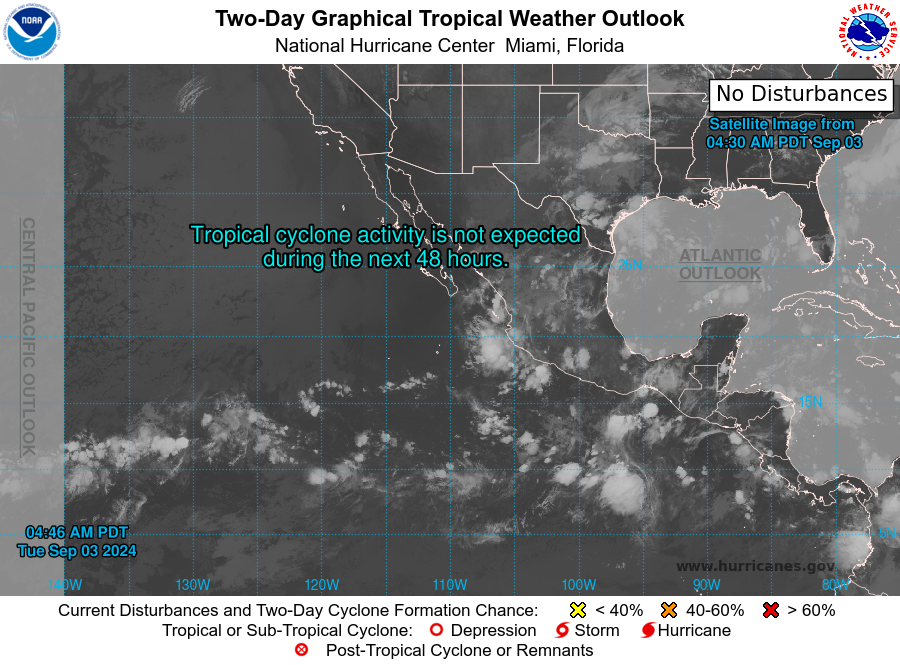
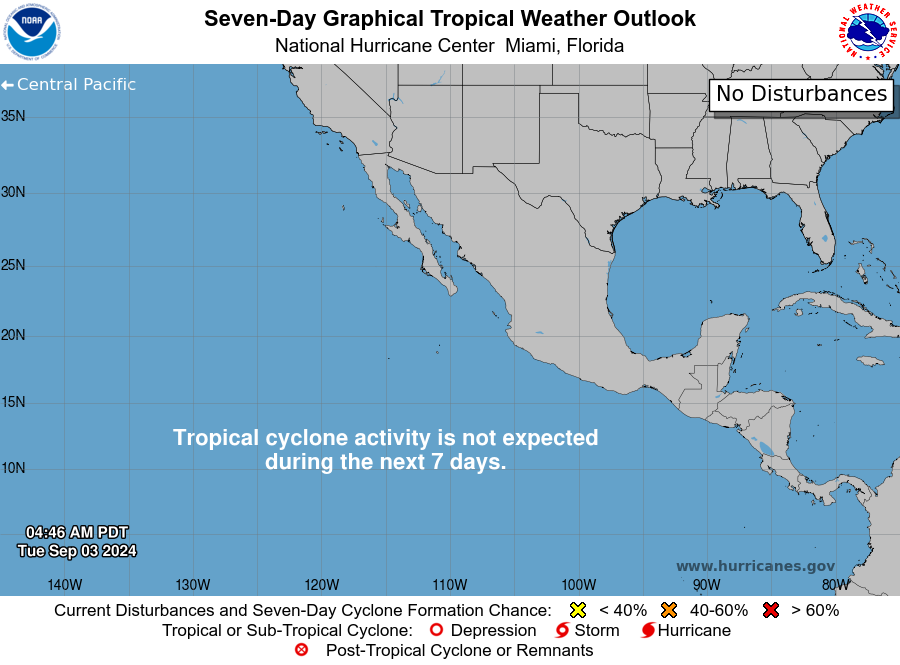
For the eastern North Pacific...east of 140 degrees west longitude:

Tropical cyclone formation is not expected during the next 7 days.

Forecaster Bucci